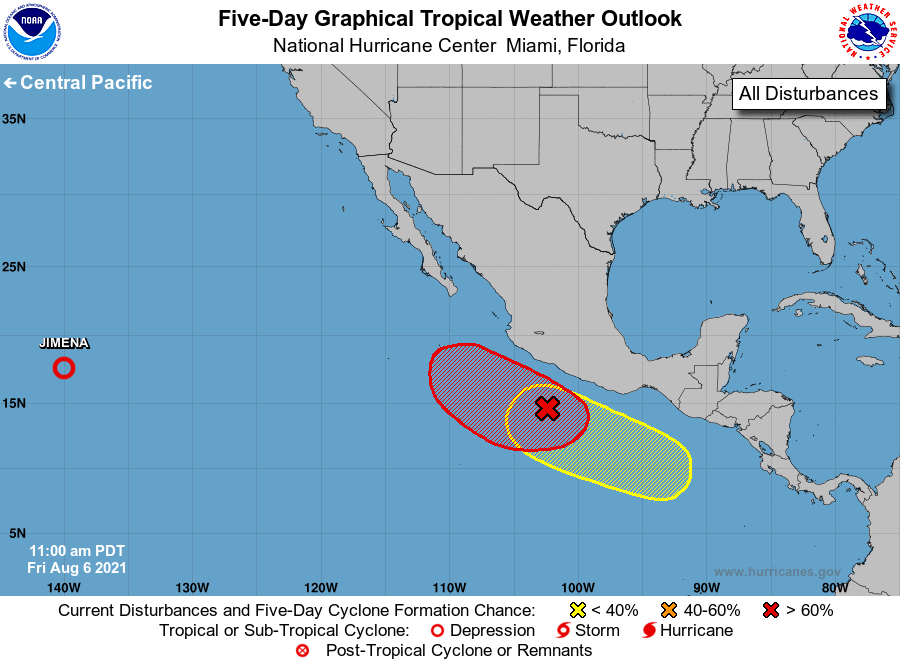
For the eastern North Pacific...east of 140 degrees west longitude:

The National Hurricane Center is issuing advisories on Tropical Storm Jimena, located over the far western portion of the eastern Pacific basin, and has issued the last advisory on Post-Tropical Cyclone Hilda, located a little over 1500 miles west of the southern tip of the Baja California peninsula.

1. A large area of disorganized showers and thunderstorms is located a few hundred miles south of the coast of southwestern Mexico. Environmental conditions are forecast to be conducive for additional gradual development, and a tropical depression is likely to form early next week while the system moves west-northwestward at about 10 mph, parallel to and offshore of the coast of southwestern Mexico.
* Formation chance through 48 hours...low...20 percent.
* Formation chance through 5 days...high...70 percent.

2. An area of low pressure is expected to develop a few hundred miles southeast of the Gulf of Tehuantepec by early next week. Environmental conditions are forecast to be conducive for gradual development thereafter, while the system moves west-northwestward to northwestward at about 10 mph, parallel to and offshore of the coast of southern Mexico.
* Formation chance through 48 hours...low...near 0 percent.
* Formation chance through 5 days...low...20 percent.

Forecaster Roberts